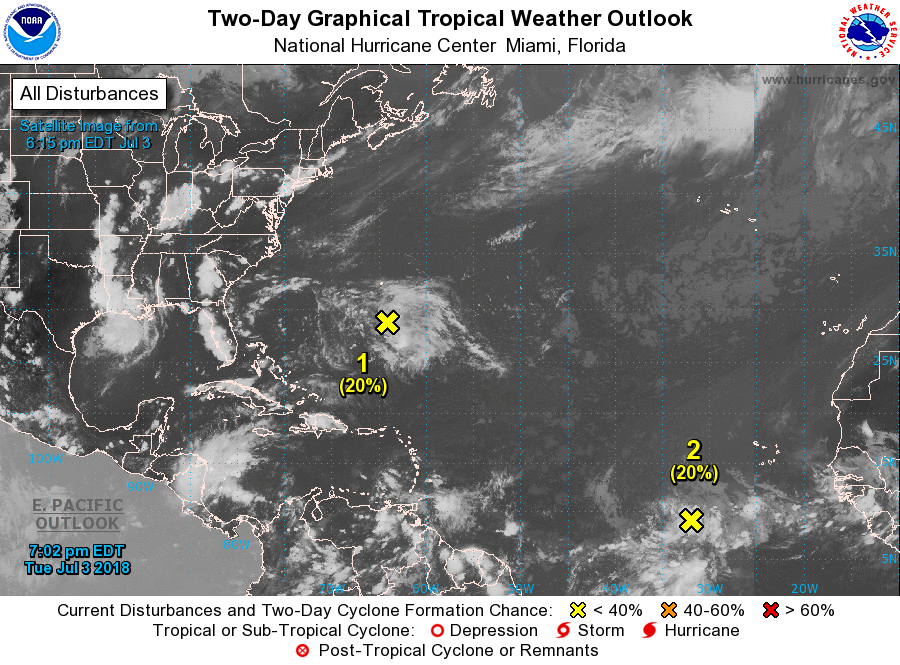
For the North Atlantic...Caribbean Sea and the Gulf of Mexico:

1. An area of disturbed weather located a few hundred miles southeast of Bermuda has changed little today. However, environmental conditions are gradually forecast to become more conducive for the development of a low pressure system by late this week when the disturbance is expected to be south or southwest of Bermuda. The system is forecast to move generally northward over the weekend and begin interacting with a frontal system on Sunday, which would limit any additional development.
* Formation chance through 48 hours...low...20 percent.
* Formation chance through 5 days...medium...50 percent.

2. A vigorous tropical wave is producing a concentrated area of showers and thunderstorms several hundred miles southwest of the Cabo Verde Islands. Environmental conditions are forecast to be somewhat conducive for gradual development of this disturbance over the next few days while it moves westward to west-northwestward at 15 to 20 mph. By the weekend, however, conditions are expected to become less favorable for tropical cyclone formation.
* Formation chance through 48 hours...low...20 percent.
* Formation chance through 5 days...low...20 percent.

Forecaster Stewart